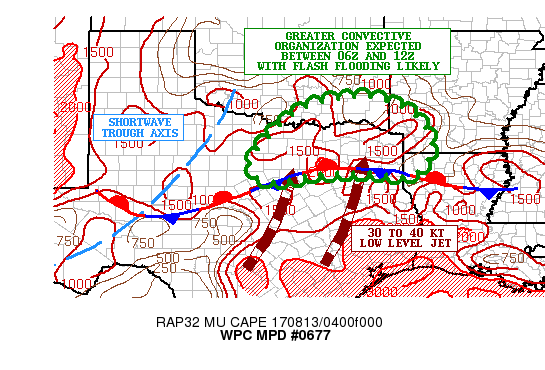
AREAS AFFECTED...NORTHERN TX...SOUTHEAST OK...SOUTHWEST AR...FAR
NORTHWEST LA

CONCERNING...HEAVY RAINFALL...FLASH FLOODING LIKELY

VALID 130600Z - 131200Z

SUMMARY...MORE ORGANIZED COVERAGE OF HEAVY SHOWERS AND
THUNDERSTORMS IS EXPECTED OVERNIGHT AND THROUGH THE EARLY MORNING
HOURS. SLOW CELL MOTION AND INTENSE RAINFALL RATES ARE LIKELY TO
CAUSE FLASH FLOODING.

DISCUSSION...THE LATEST GOES WV IMAGERY SHOWS AN UPPER LEVEL
SHORTWAVE TROUGH MOVING GRADUALLY EAST ACROSS WEST-CENTRAL TX AND
THIS ENERGY WILL BE INTERACTING WITH A WAVY QUASI-STATIONARY FRONT
ACROSS PARTS OF CENTRAL AND NORTHERN TX. ALREADY THERE IS SOME
RATHER CONCENTRATED AREAS OF COLD-TOPPED CONVECTION WITH HEAVY
SHOWER AND THUNDERSTORM ACTIVITY NOTED ALONG AND SOUTH OF THE RED
RIVER...AND GENERALLY NORTH OF THE FRONT.

OVER THE NEXT SEVERAL HOURS...THE APPROACHING SHORTWAVE ENERGY IS
EXPECTED TO HELP DEVELOP A WAVE OF LOW PRESSURE ALONG THE FRONT
OVER NORTH-CENTRAL TX WHICH COUPLED WITH AN INCREASING S/SW LOW
LEVEL JET SHOULD HELP FOCUS GREATER MOISTURE AND INSTABILITY ALONG
THE FRONT AND ALSO IN A MORE ELEVATED FASHION NORTH OF IT ACROSS
THE RED RIVER GIVEN A STRENGTHENING WARM ADVECTION/ISENTROPIC LIFT
SIGNAL. THE RESULT SHOULD BE AN INCREASE IN CONVECTIVE
COVERAGE/INTENSITY WITH NUMEROUS SLOW-MOVING CLUSTERS OF HEAVY
SHOWERS AND THUNDERSTORMS FOCUSING ALONG AND NORTH OF THE FRONT
OVER AREAS OF NORTHERN AND EVENTUALLY NORTHEAST TX...AND ALSO
ACROSS THE RED RIVER INTO ADJACENT AREAS OF  SOUTHEAST OK. AREAS
OF SOUTHWEST AR AND POTENTIALLY EVEN FAR NORTHWEST LA MAY SEE
CONVECTION ARRIVING TOWARD DAWN AS THE ENERGY UPSTREAM GRADUALLY
SHIFTS OFF TO THE EAST.

THE LATEST RAP FORECASTS THE LOW LEVEL JET TO INCREASE TO NEAR 40
KTS ALONG WITH PWATS REACHING OVER 2.25 INCHES. THE 03Z CIRA-LPW
DATA SHOWED A NOTABLE CONCENTRATION OF MOISTURE UP IN THE 500/300
MB LAYER WITH THE APPROACHING SHORTWAVE TROUGH...AND THIS WILL
HELP FACILITATE MORE EFFICIENT RAINFALL PROCESSES FOR ENHANCED
RAINFALL RATES IN THE 06Z TO 12Z TIME PERIOD AS CONVECTION
ORGANIZES FURTHER. RAINFALL AMOUNTS OF AS MUCH AS 3 INCHES/HR WILL
BE POSSIBLE.

THE LATEST THINKING IS THAT THE HEAVIEST AMOUNTS OF RAIN WILL BE
BASICALLY ALONG THE RED RIVER OVERNIGHT...WITH THE LATEST HRRRX
GUIDANCE APPEARING TO HAVE THE BEST HANDLE ON THE CURRENT
ACTIVITY. IT SUGGESTS AS MUCH AS 4 TO 6 INCHES OF ADDITIONAL RAIN
THROUGH 12Z...AND THIS SEEMS REASONABLE GIVEN THE FAVORABLE
THERMODYNAMICS...LOW LEVEL JET AND UPSTREAM SHORTWAVE AXIS. SOME
ISOLATED HEAVIER AMOUNTS OVER 6 INCHES CANNOT BE RULED OUT. FLASH
FLOODING IS LIKELY...AND ESPECIALLY IN VICINITY OF THE MORE
URBANIZED CORRIDORS WHICH INCLUDES THE DALLAS-FORT WORTH
METROPOLITAN AREA.